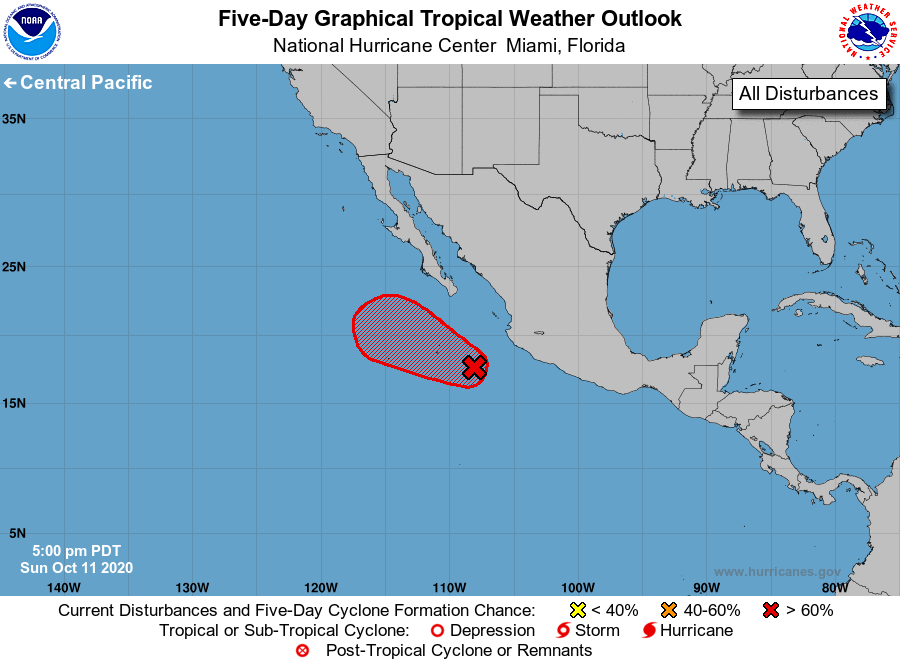
For the eastern North Pacific...east of 140 degrees west longitude:

1. Showers and thunderstorms, partially associated with the remnants of Norbert, have increased in organization a few hundred miles southwest of the coast of southwestern Mexico. Upper-level winds are gradually becoming more conducive for development, and a tropical depression or a tropical storm could form later tonight or on Monday while the system moves slowly toward the west-northwest or northwest.
* Formation chance through 48 hours...medium...60 percent.
* Formation chance through 5 days...high...70 percent.

Forecaster Stewart